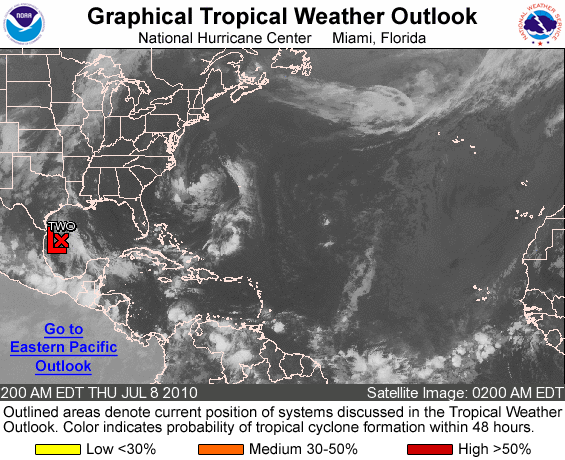
FOR THE NORTH ATLANTIC...CARIBBEAN SEA AND THE GULF OF MEXICO...

THE NATIONAL HURRICANE CENTER IS ISSUING ADVISORIES ON NEWLY FORMED TROPICAL DEPRESSION TWO LOCATED ABOUT 210 MILES EAST-SOUTHEAST OF BROWNSVILLE TEXAS.

ELSEWHERE...TROPICAL CYCLONE FORMATION IS NOT EXPECTED DURING THE NEXT 48 HOURS.

PUBLIC ADVISORIES ON TROPICAL DEPRESSION TWO ARE ISSUED UNDER WMO HEADER WTNT32 KNHC AND UNDER AWIPS HEADER MIATCPAT2. FORECAST/ADVISORIES ARE ISSUED UNDER WMO HEADER WTNT22 KNHC AND UNDER AWIPS HEADER MIATCMAT2.

FORECASTER AVILA